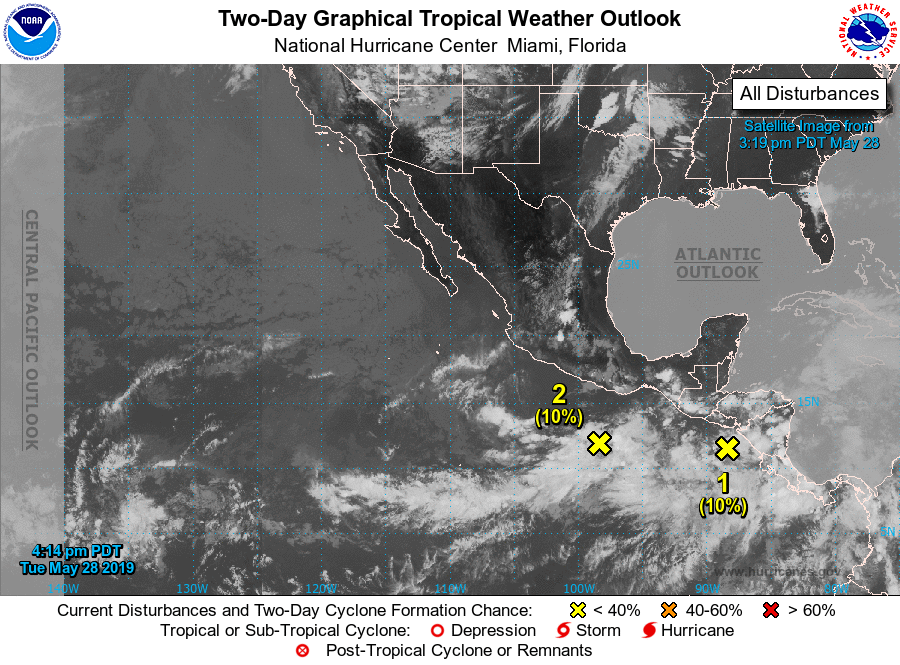
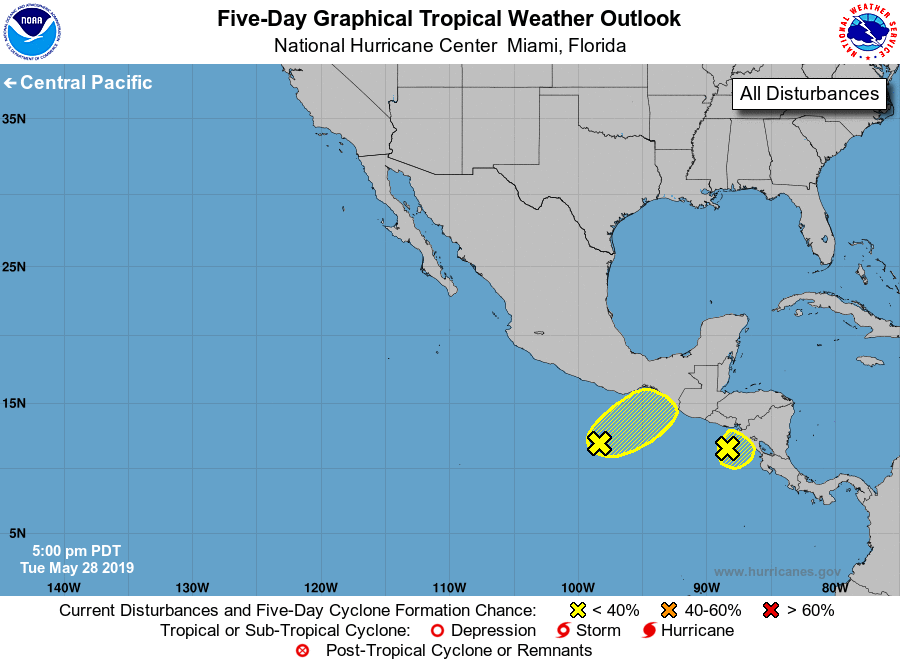
For the eastern North Pacific...east of 140 degrees west longitude:

1. A weak area of low pressure is located over the far eastern Pacific about 100 miles southwest of the Nicaragua-Honduras border. This broad disturbance continues to produce disorganized showers and thunderstorms over portions of Costa Rica, Nicaragua, and the adjacent Pacific waters. The system is expected to move inland over Central America on Wednesday and formation of a tropical cyclone is becoming less likely. However, locally heavy rainfall is likely to continue over portions of Central America and southern Mexico during the next several days. These rains could cause flash flooding and mudslides in areas of mountainous terrain.
* Formation chance through 48 hours...low...10 percent.
* Formation chance through 5 days...low...10 percent.

2. A large area of disorganized showers and thunderstorms located a few hundred miles south of the coast of southern Mexico is associated with a trough of low pressure. Some gradual development of this system is possible during the next several days as it moves slowly northeastward.
* Formation chance through 48 hours...low...10 percent.
* Formation chance through 5 days...low...20 percent.

Forecaster Stewart